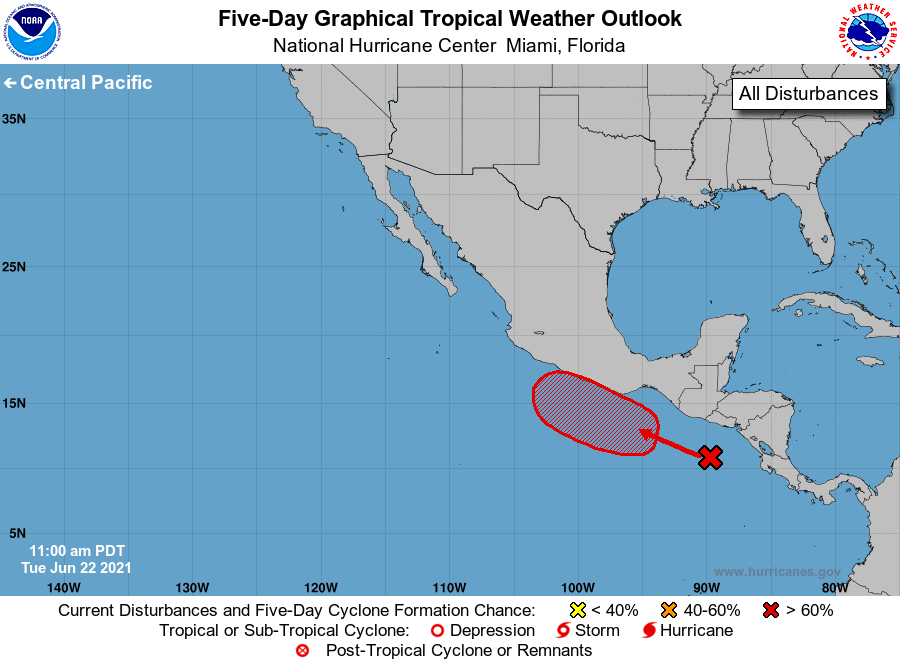
For the eastern North Pacific...east of 140 degrees west longitude:

1. A large area of disorganized showers and thunderstorms to the south of Central America is associated with a tropical wave. Environmental conditions appear conducive for gradual development of this system, and a tropical depression is likely to form by the end of the week or this weekend. This disturbance is expected to move slowly west-northwestward to northwestward, and could be near the coast of southern Mexico by the weekend. Interests in southern Mexico should monitor the progress of this system.
* Formation chance through 48 hours...low...30 percent.
* Formation chance through 5 days...high...80 percent.

Forecaster Cangialosi